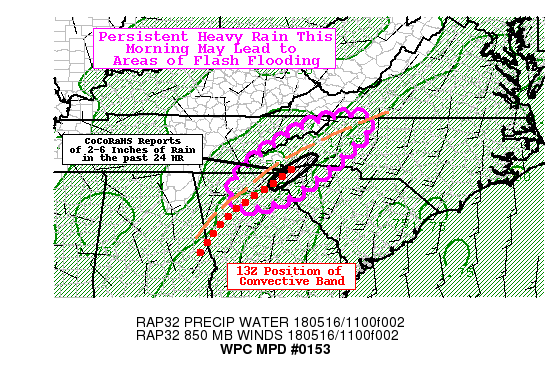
AREAS AFFECTED...BLUE RIDGE MTNS AND FOOTHILLS OF NC...SC...NE GA

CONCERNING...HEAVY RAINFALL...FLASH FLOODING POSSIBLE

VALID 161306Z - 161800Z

SUMMARY...FLASH FLOODING WILL BE POSSIBLE AS HEAVY RAIN PERSISTS
THIS MORNING IN PORTIONS OF THE SOUTHERN BLUE RIDGE MOUNTAINS OF
NORTHEAST GEORGIA...UPSTATE SOUTH CAROLINA...AND WESTERN NORTH
CAROLINA. PORTIONS OF THIS AREA HAVE ALREADY RECEIVED 2-6 INCHES
OF RAIN IN THE LAST 24 HOURS PER RECENT REPORTS...AND ANOTHER
SEVERAL INCHES OF RAINFALL WILL BE POSSIBLE IN LOCALIZED AREAS.

DISCUSSION...KGSP RADAR SHOWED A PROMINENT LOW-TOPPED CONVECTIVE
RAIN BAND STRETCHING (AT 13Z) FROM NEAR HENDERSONVILLE NC... TO
WALHALLA SC... TO GAINESVILLE GA... ORIENTED IN A SW-NE FASHION.
THE RAIN BAND WAS ALSO GENERALLY MOVING AND EXPANDING TO THE
NORTHEAST...ALONG THE LOW-LEVEL (925-700MB) MEAN FLOW VECTOR. THIS
RAIN BAND WAS ALSO GENERALLY OVERLAPPING AN AREA THAT RECEIVED 2-6
INCHES OF RAIN IN THE PAST 24 HOURS PER MORNING COCORAHS
REPORTS...PARTICULARLY FROM OCONEE COUNTY SC INTO TRANSYLVANIA AND
HENDERSON COUNTIES IN NC. THUS PURELY FROM A RADAR TREND AND
ANTECEDENT RAINFALL PERSPECTIVE... FLASH FLOODING APPEARS POSSIBLE
THIS MORNING IN PORTIONS OF THE BLUE RIDGE MOUNTAINS AND ADJACENT
FOOTHILLS FROM NE GA INTO WRN NC.

ALTHOUGH AVAILABLE CONVECTIVE INSTABILITY IS NOT EXTREMELY
HIGH...RAP FORECAST SOUNDINGS DO SHOW AROUND 200-400 J/KG OF
MUCAPE WITH MOST OF THE POSITIVE BUOYANCY BELOW THE -10C LEVEL.
THIS SUGGESTS THAT CONVECTIVE RAIN BANDS WILL BE POSSIBLE BUT
LIGHTNING SHOULD BE LIMITED. ADDITIONALLY... WARM RAIN PROCESSES
SHOULD BE DOMINANT WITH VERY LITTLE ICE IN THE CLOUD LAYER. MRMS
ANALYSIS RIGHT NOW SHOWS 30 DBZ ECHO TOPS AROUND 15000 FEET (CLOSE
TO THE FREEZING LEVEL) WHICH IS ALSO A STRONG INDICATION OF WARM
RAIN PROCESSES. MRMS RAINFALL ESTIMATES SEEM TO BE LOWER THAN
OBSERVATIONS... WHICH HAVE OCCASIONALLY REPORTED RATES INTO THE
0.5 TO 1.0 IN/HR RANGE. KGSP DUAL POL RADAR ESTIMATES SEEM TO BE
MORE REASONABLE IN AREAS OF LIMITED BEAM BLOCKAGE. THESE SORT OF
RATES...IF SUSTAINED FOR SEVERAL HOURS IN AREAS THAT ARE ALREADY
SATURATED FROM PREVIOUS RAINFALL... COULD LEAD TO AREAS OF FLASH
FLOODING.